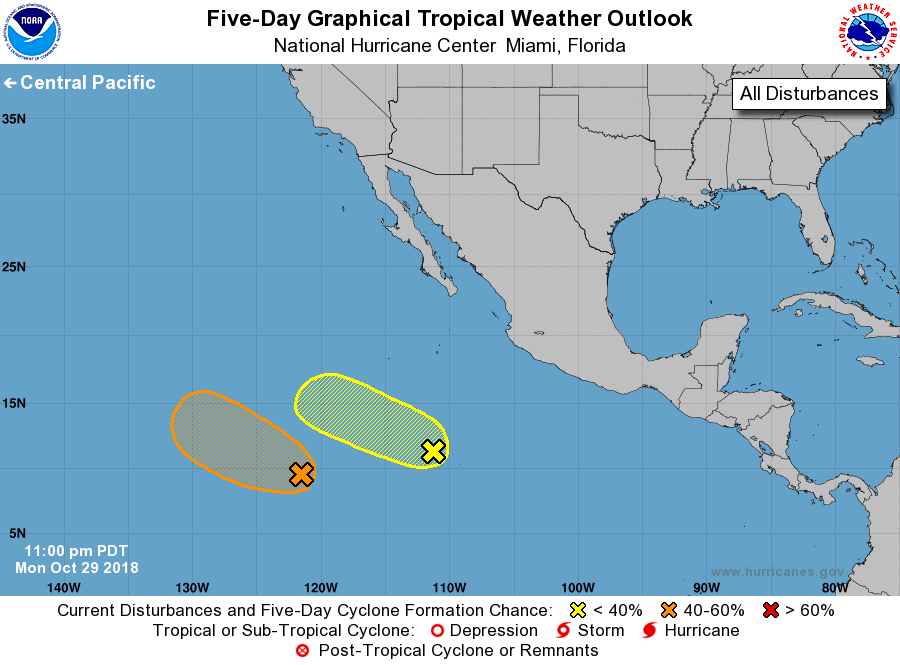
For the eastern North Pacific...east of 140 degrees west longitude:

1. A weak area of low pressure located about 800 miles south-southwest of the southern tip of the Baja California peninsula has become less organized over the past 24 hours. Development of this system is becoming less likely while it moves westward or west-northwestward at about 10 mph.
* Formation chance through 48 hours...low...10 percent.
* Formation chance through 5 days...low...20 percent.

2. An elongated area of low pressure located about 1200 miles southwest of the southern tip of the Baja California peninsula is producing disorganized showers and thunderstorms. Some slow development of this system is possible over the next few days while the disturbance moves toward the west or west-northwest at about 10 mph.
* Formation chance through 48 hours...low...30 percent.
* Formation chance through 5 days...medium...40 percent.

Forecaster Pasch